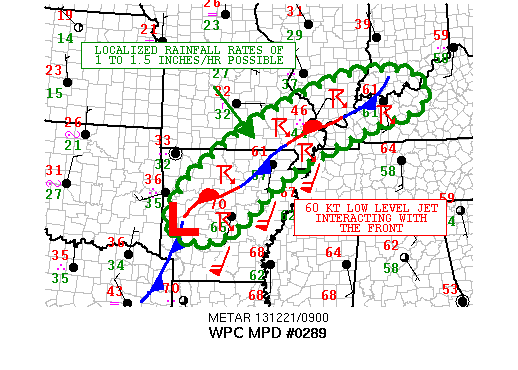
AREAS AFFECTED...CENTRAL AND NORTHERN AR...SOUTHEAST MO...SOUTHERN
IL...SOUTHWEST IN...WESTERN KY

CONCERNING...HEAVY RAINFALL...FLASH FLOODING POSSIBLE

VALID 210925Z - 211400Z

SUMMARY...A BROKEN AND LOOSELY ORGANIZED BAND OF HEAVY SHOWERS AND
THUNDERSTORMS WILL HAVE THE POTENTIAL TO TRAIN OVE THE SAME AREAS
THROUGH THE EARLY AND MID-MORNING HOURS. THEREFORE...SOME FLASH
FLOODING WILL BE POSSIBLE.

DISCUSSION...AN IMPRESSIVELY STRONG UPPER LOW EJECTING EAST OUT OF
FAR NORTHERN MEXICO IS APPROACHING THE SOUTHERN PLAINS CURRENTLY
AND WILL BE INTERACTING WITH A STRONG FRONT ORIENTED SW/NE ACROSS
THE LOWER MS AND OH VALLEYS THROUGH THE EARLY AND MID-MORNING
HOURS.

ALREADY THE LATEST WV/IR SAT IMAGERY SHOWS VERY DIVERGENT FLOW
ALOFT INTERACTING WITH THE FRONT...WITH NUMEROUS CLUSTERS OF
COLD-TOPPED CONVECTION EXTENDING FROM NORTHWEST AR EAST-NORTHEAST
INTO WESTERN KY. OVER THE NEXT FEW HOURS...CONVECTION SHOULD TEND
TO CONSOLIDATE AND BECOME MORE LINEARLY ORGANIZED ALONG THE FRONT
AS THE UPPER LOW APPROACHES AND FURTHER ENHANCES STRONG DEEP LAYER
ASCENT OVER THE REGION. MEANWHILE...FAVORABLE THERMODYNAMICS ARE
EXPECTED TO BE IN PLACE WITH THE AID OF A 60 KT LOW LEVEL JET
AIMED OUT OF THE GULF OF MEXICO AND INTO THE FRONTAL ZONE. THE
CONVECTION WILL LIKELY TRAIN OVER THE SAME AREA GIVEN DEEP LAYER
SWLY FLOW THAT IS ALIGNED NEARLY PARALLEL TO THE AFOREMENTIONED
FRONT.

RAINFALL RATES OF 1 TO 1.5 INCHES/HR ARE POSSIBLE WITH THE LATEST
RAP ANALYSIS AND GOES-SOUNDER DATA ALREADY SHOWING THE NOSE OF 1.5
INCHES PWATS LIFTING UP THROUGH CENTRAL AR. CONSIDERING THE
TRAINING CONVECTIVE ENVIRONMENT...THERE WILL BE A RISK OF AT LEAST
SOME FLASH FLOODING THROUGH MID-MORNING. WILL CONTINUE TO MONITOR.